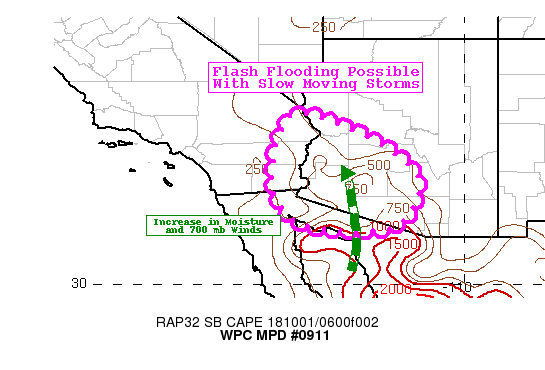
Areas affected...Southern AZ...Far Southeast CA

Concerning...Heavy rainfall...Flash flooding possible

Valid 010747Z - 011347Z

Summary...Slow moving convection drifting northward in a very
anomalous moist airmass poses a localized flash flood threat
through the morning hours.

Discussion...Recent radar returns from KYUX has shown an uptick in
reflectivity mainly along and south of the Arizona/Mexico border.
A recent RAP mesoanalysis still points to a pool of SBCAPE of
around 500 to locally 1000 J/kg across southern AZ and extreme
southeast CA. This is where isolated to scattered clusters of
storms have continued through the evening.

With favorable divergence aloft in the right entrance region of
the mid/upper level jet and highly anomalous moisture
characterized by PWATs of 1.7 to near 2.0" (per GPS TBW)
continuing to push north, convection will become increasingly
capable of producing intense rainfall rates exceeding 1 to 1.5
inches per hour. In addition, the latest run of the RAP suggests
the flow at 700 mb will increase in the next few hours from around
15 kts to 25 kts, supporting more efficient rainfall processes.
This rainfall occurring over the desert SW and its low FFGs
supports the flash flood threat.

Latest runs of the HRRR show a steady northward drift in the
showers and storms with expansion in coverage possible toward
10-12z. A consensus of the hi-res models through the next 6 hours
favors southern into south-central AZ as seen in the HREF
probabilities. Isoalted rainfall amounts of 1-2 inches will be
possible in the strongest, more persistent storms.